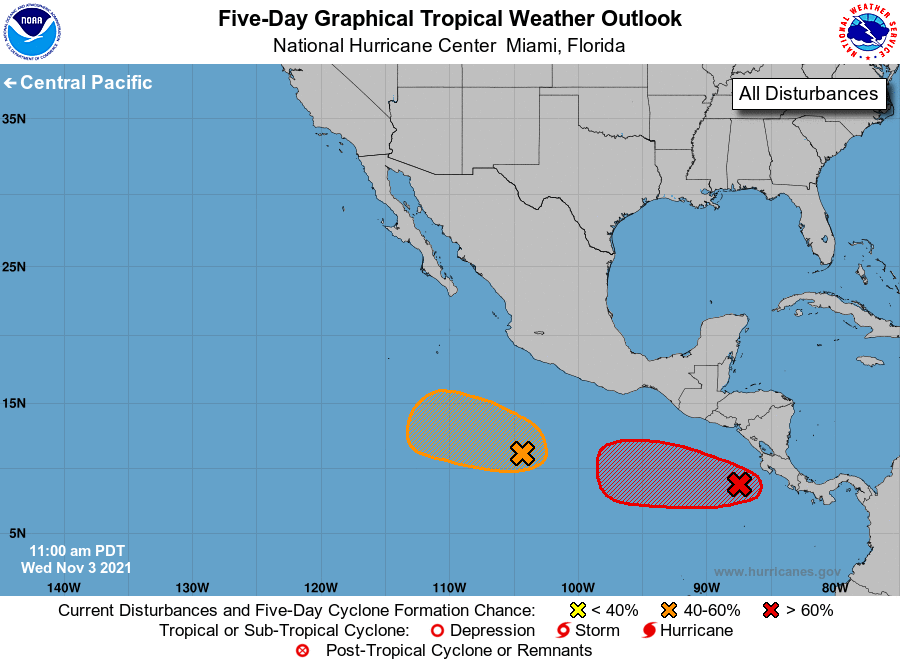
For the eastern North Pacific...east of 140 degrees west longitude:

1. Recent visible satellite imagery indicates that the low pressure system located over the far eastern Pacific a couple of hundred miles southwest of Costa Rica continues to become better defined. Shower and thunderstorm activity is also showing signs of organization. A tropical depression is now likely to form during the next day or two as the system moves slowly westward to west-northwestward away from the coast of Central America. Regardless of development, this system is expected to produce locally heavy rainfall across portions of Costa Rica through today, which could result in flooding and mudslides.
* Formation chance through 48 hours...high...70 percent.
* Formation chance through 5 days...high...90 percent.

2. An area of disturbed weather associated with widespread but disorganized showers and thunderstorms is located several hundred miles south-southwest of Acapulco, Mexico. Gradual development of this system is possible during the next several days while it moves westward to west-northwestward at 5 to 10 mph well to the south of the southern coast of Mexico.
* Formation chance through 48 hours...low...10 percent.
* Formation chance through 5 days...medium...40 percent.

Forecaster Papin